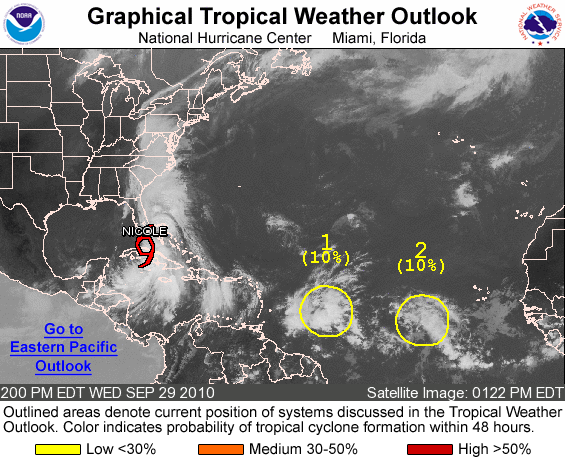
FOR THE NORTH ATLANTIC...CARIBBEAN SEA AND THE GULF OF MEXICO...

THE NATIONAL HURRICANE CENTER IS ISSUING ADVISORIES ON TROPICAL STORM NICOLE...LOCATED ABOUT 80 MILES NORTHEAST OF HAVANA CUBA.

1. A TROPICAL WAVE OVER THE CENTRAL ATLANTIC LOCATED ABOUT 700 MILES EAST OF THE WINDWARD ISLANDS IS PRODUCING DISORGANIZED SHOWERS AND THUNDERSTORMS. UPPER-LEVEL WINDS ARE EXPECTED TO BECOME LESS FAVORABLE FOR DEVELOPMENT AS THE SYSTEM MOVES TO THE WEST-NORTHWEST AT 15 TO 20 MPH. THERE IS A LOW CHANCE...10 PERCENT...OF THIS SYSTEM BECOMING A TROPICAL CYCLONE DURING THE NEXT 48 HOURS.

2. SHOWERS AND THUNDERSTORMS HAVE INCREASED NEAR A TROPICAL WAVE OVER THE EAST-CENTRAL TROPICAL ATLANTIC CENTERED ABOUT 850 MILES WEST-SOUTHWEST OF THE CAPE VERDE ISLANDS. SOME SLOW DEVELOPMENT OF THIS SYSTEM IS POSSIBLE OVER THE NEXT SEVERAL DAYS AS IT MOVES TO THE WEST AT 15 TO 20 MPH. THERE IS A LOW CHANCE...10 PERCENT...OF THIS SYSTEM BECOMING A TROPICAL CYCLONE DURING THE NEXT 48 HOURS.

ELSEWHERE...TROPICAL CYCLONE FORMATION IS NOT EXPECTED DURING THE NEXT 48 HOURS.

FORECASTER BLAKE